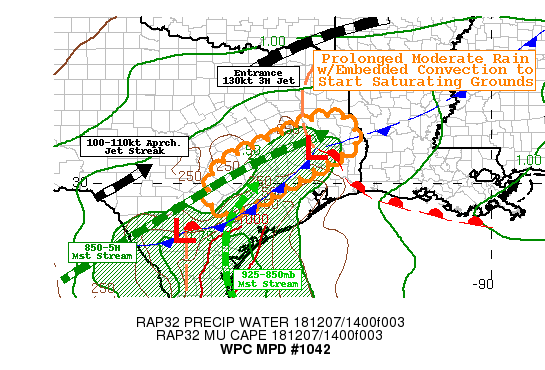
Areas affected...Central and Eastern Texas...

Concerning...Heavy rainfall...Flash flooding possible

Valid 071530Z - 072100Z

SUMMARY...Prolonged moderate frontogenetic rain shield with
embedded convective elements increase threat for high rainfall
totals with possible initiation of flooding conditions toward
evening.

DISCUSSION...Very strong synoptic and mesoscale environment
beginning to set up across central to eastern Texas.  15z surface
analysis depicts a strong frontal zone extending northeast from a
weak surface wave near COT/PEZ to a secondary even weaker
inflection near LFK.  A dying frontal zone and inverted trof
extend NE and NNE from this low but are weakly defined with
minimal convergence along it at this point.  At this second
inflection, a subtle warm front extends south-southeast toward
TX/LA Gulf Coast differentiating higher theta-E air in the warm
sector depicted by upper 60s to mid-70s temps/Tds.

At the western edge of the Gulf mT air mass, increasing southerly
winds at 925-850mb turn southwesterly across the frontal boundary
to eventually parallel in far eastern TX into LA.  The southerly
component flow supports isentropic ascent along the frontal
boundary but is enhanced with greater orthogonality to the
boundary further west near the primary surface wave. Radar mosaic
depicts banded cumuliform showers beginning to increase in
intensity and coverage with the approach of better moisture flux
aloft (700-850mb) and upper level ascent/jet forcing approaching
from Coahuila/Chihuahua.

CIRA Layered PW analysis depicts a strong confined moisture plume
streaming over the Sierra Occidental and Mexican plateau,
coincident with the area of concern.  RAP analysis/forecasts
suggest little meandering of this plume, to maximized total
moisture in the column.   GOES-16/17 Meso sectors depict shortwave
energy upstream in Mexico with downstream ridge axis across
Southeast TX, supporting DPVA and modest divergence aloft at this
time.  Additional distant right entrance to 130 kt 3H jet over
OK/MO further evacuates the area over Eastern TX currently.
However, a subtle 100kt jet streak is emerging from the Big Bend
of TX per GOES AMVs.  This jet max will strengthen and pass to the
north of the moisture confluence axis in the 17-19z time frame
rapidly enhancing UVVs from divergence aloft.  Response in the LLJ
will increas to 20-25kts at 85H advecting 1.75-1.9" Total PWs as
well as slanting 1000 J/kg SBCAPEs to allow MUCAPEs to remain over
500 J/kg. As such the broad area of shield precipitation with
.25-.5"/hr rates will have enhanced convection elements capable of
near or above 1"/hr rates.  As such an axis of 1-1.5" totals with
pockets of 2-2.5" totals through 21z will exist across the MPD
area.  This is not likely to produce flooding/flash flooding given
dry antecedent conditions, but will set the stage for prolonged
slow rise/inundation through the evening into the overnight hours.

Stronger more efficient thunderstorm activity is likely to exist
in the warm sector at/along Central TX coast and a separate MPD
may be issued for that area later if conditions warrant.